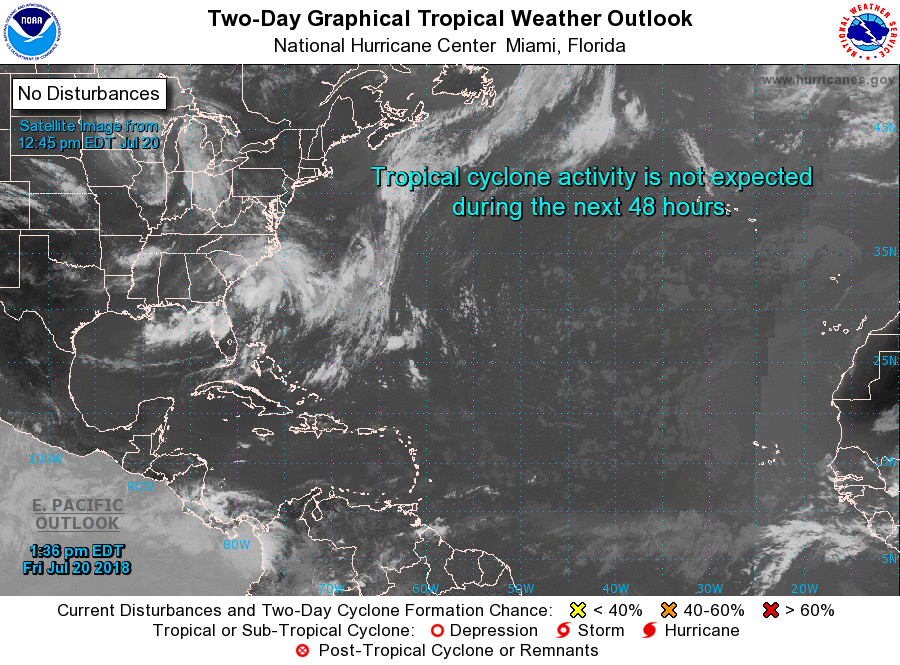
For the North Atlantic...Caribbean Sea and the Gulf of Mexico:

Tropical cyclone formation is not expected for the next five days.

Forecaster Beven